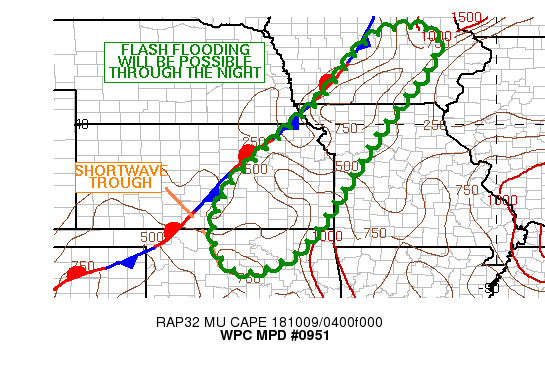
Areas affected...Northern OK...Eastern KS...Northwest
MO...Southern/Central IA

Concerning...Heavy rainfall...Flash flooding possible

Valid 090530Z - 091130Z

Summary...Additional heavy showers and thunderstorms can be
expected overnight. Some flash flooding will be possible.

Discussion...Deep layer south-southwest flow continues across the
central Plains and Midwest around the eastern flank of a strong
upper trough and associated closed low over the Four Corners
region which is gradually edging out into the High Plains.

Plenty of anomalous moisture continues to stream north as a result
with PWATS of as much as 1.6 to 1.7 inches which is generally 2 to
2.5 standard deviations above normal.

All of this moisture and at least a weak degree of instability has
been focusing up along a southwest/northeast oriented stationary
front where there is an extensive axis of showers and a few
thunderstorms. The convection is being aided strongly though by
proximity of favorable right-entrance region jet dynamics which is
fostering some deeper layer ascent over the region.

Radar imagery is suggesting that there is a weak shortwave trough
approaching south-central KS which is embedded within the deeper
layer flow. This impulse in conjunction with the aforementioned
moisture and instability focused along and ahead of the front
should maintain a focus for showers and thunderstorms throughout
the remainder of the night from areas of especially eastern
KS/northwest MO on up across areas of southern and central IA.

Additional rainfall amounts of as much as 2 to 3 inches will be
possible through dawn, with some of the heavier totals likely
focused over eastern KS and northwest MO. Given the very wet
antecedent conditions and lower FFG values, some flash flooding
will be possible.